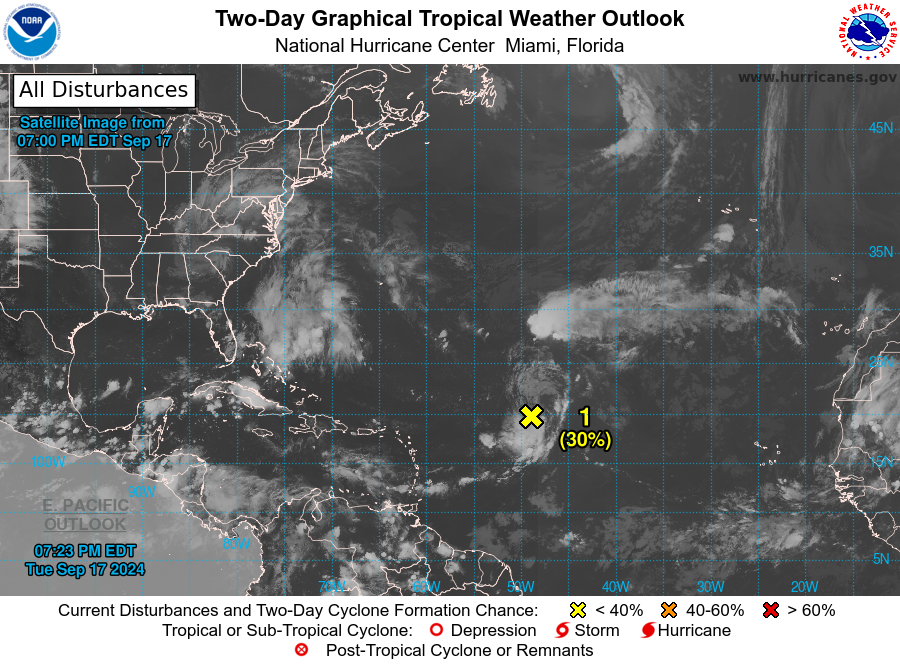
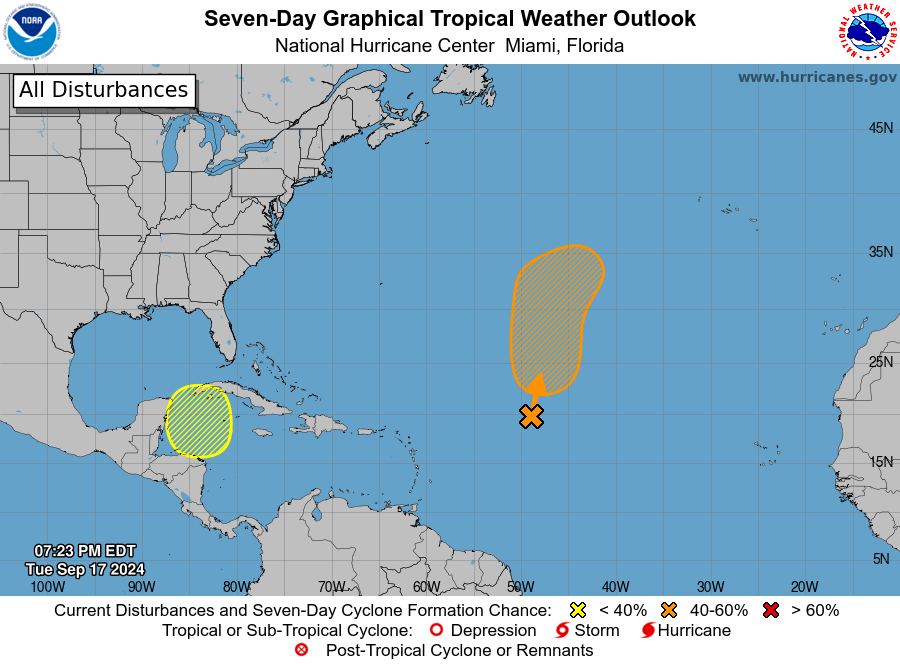
For the North Atlantic...Caribbean Sea and the Gulf of Mexico:

1. Central Subtropical Atlantic (Remnants of Gordon): Disorganized showers and thunderstorms over the central tropical Atlantic are associated with the remnants of Gordon. This disturbance is forecast to interact with a non-tropical low to its north while moving north-northeastward at 5 to 10 mph during the next couple of days. Environmental conditions could become more conducive for development later this week, and a tropical depression or storm could re-form in a few days while the system moves slowly northward over the central subtropical Atlantic.
* Formation chance through 48 hours...low...30 percent.
* Formation chance through 7 days...medium...60 percent.

2. Northwestern Caribbean Sea: An area of low pressure could form this weekend over the western Caribbean Sea. Thereafter, some slow development of this system is possible through early next week while the system moves slowly to the north or northwest over the northwestern Caribbean Sea.
* Formation chance through 48 hours...low...near 0 percent.
* Formation chance through 7 days...low...20 percent.

Forecaster Blake